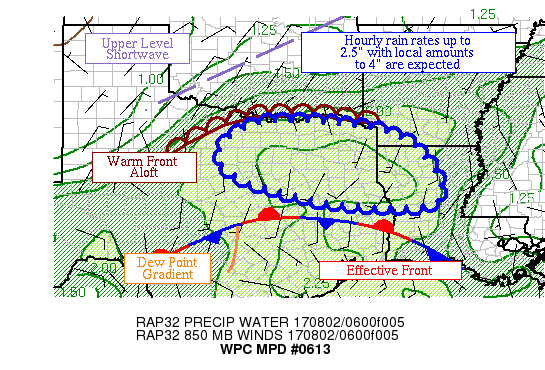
AREAS AFFECTED...NORTHEAST TX & NORTHWEST LA

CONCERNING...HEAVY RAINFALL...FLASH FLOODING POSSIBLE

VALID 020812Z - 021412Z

SUMMARY...SHOWERS WITH SLOWLY COOLING CLOUD TOPS ARE DEVELOPING
WITHIN A SATURATED ENVIRONMENT.  HOURLY RAIN RATES UP TO 2.5",
WITH LOCAL AMOUNTS TO 4", ARE EXPECTED.

DISCUSSION...RECENT SPC MESOANALYSES INDICATE A RECENT UPTICK IN
MUCAPE VALUES AHEAD OF AN INCOMING SHORTWAVE ACROSS OK, SHOWING A
BROADER AREA OF 500-1000 J/KG NORTH OF A ZONE OF WIND SHEAR WHICH
RECENTLY RETURNED FROM THE GULF OF MEXICO WITH SLIGHTLY WARMER AIR
TO ITS SOUTH.  SHOWERS APPEAR TO BE CONCENTRATED TO THE NORTH AND
NORTHEAST OF A DEW POINT GRADIENT IN THE WARM SECTOR NEAR THE 98TH
MERIDIAN.  EFFECTIVE BULK SHEAR OF 20 KTS EXISTS IN THIS REGION.
PRECIPITABLE WATER VALUES OF 2-2.3" LIE IN THE AREA PER GPS
VALUES, WHICH COULD MEAN A HIGHER WET BULB ZERO THAN SEEN ON THE
00Z SOUNDINGS (15,000 FEET).  THE ATMOSPHERE APPEARS SATURATED
BOTH ON SATELLITE IMAGERY AND IN THE 00Z SOUNDINGS FROM SHREVEPORT
LA AND DALLAS TX, WHICH IS MAKING EFFECTIVE USE OF THE LIMITED
INSTABILITY.

SHOWERS AND THUNDERSTORMS SHOULD INCREASE IN COVERAGE ELEVATED
OVER THE SURFACE BOUNDARY UP TOWARDS THE RED RIVER OF THE SOUTH,
EXTENDING TOWARDS THE 850 HPA REFLECTION OF THE BOUNDARY.  WITH
THE BULK SHEAR NEARLY DOUBLE THE VALUE OF THE 850-400 HPA WIND,
AND SURFACE FLOW OPPOSING THE FLOW ALOFT, SLOW SHOWER AND
THUNDERSTORM MOTION TO THE EAST AT ~10 KTS IS EXPECTED.  THE
MESOSCALE GUIDANCE, BOTH AT 12Z AND 00Z, SHOWED SPLOTCHY AREAS OF
4"+ IN THIS AREA.  WITH INSTABILITY FORECAST TO RISE FURTHER, RAIN
RATES SHOULD FOLLOW SUIT.  THE NEIGHBORHOOD PROBABILITIES OF
EXCEEDING THE THREE HOUR FLASH FLOOD GUIDANCE VALUES PEAK IN THE
11-14Z PERIOD WITHIN THE 30-50% RANGE -- HIGH ENOUGH TO BE OF
CONCERN.  HOURLY RAIN RATES UP TO 2.5", AND LOCAL AMOUNTS OF 4",
ARE EXPECTED, WHICH WOULD BE MOST PROBLEMATIC IN URBAN AREAS.